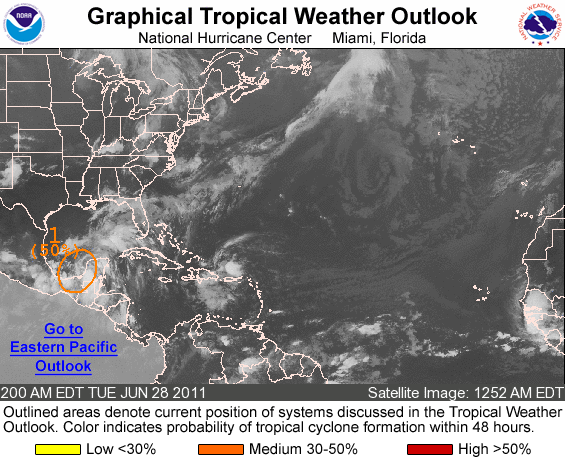
FOR THE NORTH ATLANTIC...CARIBBEAN SEA AND THE GULF OF MEXICO...

1. CLOUDINESS AND SHOWERS ACCOMPANYING A BROAD AREA OF LOW PRESSURE OVER THE EASTERN BAY OF CAMPECHE HAVE CHANGED LITTLE IN ORGANIZATION DURING THE PAST SEVERAL HOURS. ALTHOUGH UPPER-LEVEL WINDS ARE NOT CURRENTLY CONDUCIVE FOR SIGNIFICANT DEVELOPMENT... THESE WINDS ARE FORECAST TO GRADUALLY BECOME MORE FAVORABLE DURING THE NEXT DAY OR SO. THERE IS A MEDIUM CHANCE...50 PERCENT...OF THIS SYSTEM BECOMING A TROPICAL CYCLONE DURING THE NEXT 48 HOURS AS IT MOVES WEST-NORTHWESTWARD AT 5 TO 10 MPH. AN AIR FORCE RESERVE UNIT HURRICANE HUNTER PLANE IS SCHEDULED TO INVESTIGATE THE AREA TUESDAY AFTERNOON...IF NECESSARY. REGARDLESS OF DEVELOPMENT...LOCALLY HEAVY RAINS AND GUSTY WINDS ARE POSSIBLE OVER PORTIONS OF THE YUCATAN PENINSULA AND SOUTHEASTERN MEXICO TODAY. THESE RAINS AND WINDS WILL GRADUALLY SPREAD WESTWARD INTO NORTHEASTERN MEXICO DURING THE NEXT DAY OR TWO.

ELSEWHERE...TROPICAL CYCLONE FORMATION IS NOT EXPECTED DURING THE NEXT 48 HOURS.

FORECASTER KIMBERLAIN